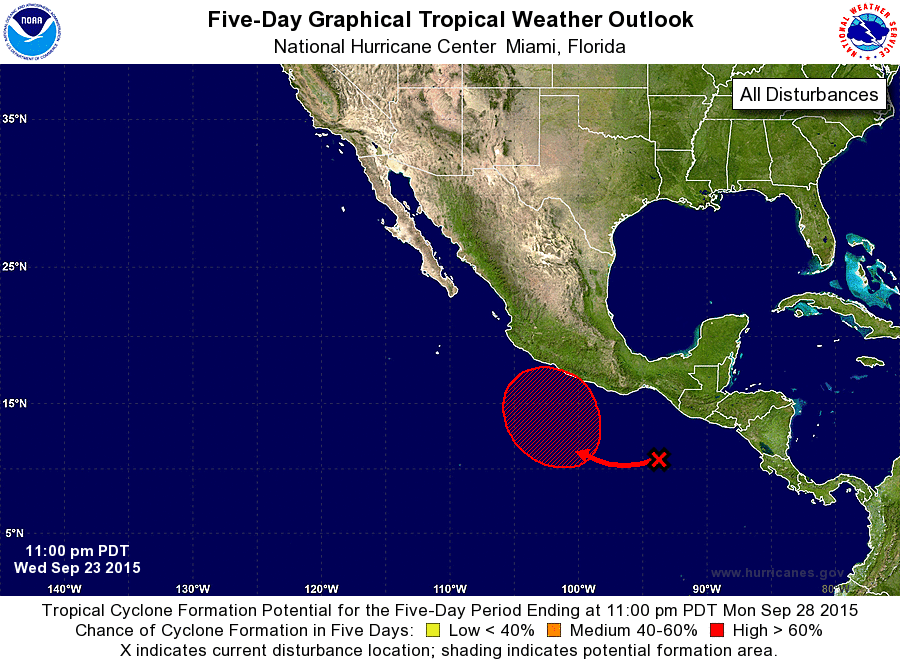
For the eastern North Pacific...east of 140 degrees west longitude:

1. A large area of disorganized cloudiness and showers extends for several hundred miles offshore of the coasts of Central America and southern Mexico. An area of low pressure is expected to form south or southwest of the Gulf of Tehuantepec later this week, and a tropical depression is likely to form by early next week while the low moves northward or northeastward toward the southern coast of Mexico. Interests along the southern coast of Mexico should monitor the progress of this disturbance over the next several days.
* Formation chance through 48 hours...low...30 percent
* Formation chance through 5 days...high...70 percent

Forecaster Berg